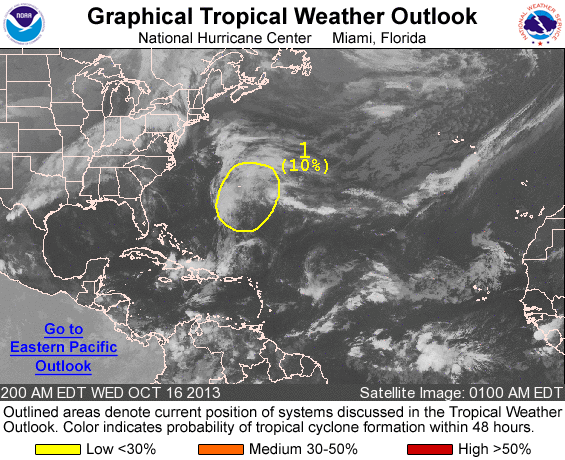
FOR THE NORTH ATLANTIC...CARIBBEAN SEA AND THE GULF OF MEXICO...

1. A LARGE AREA OF DISTURBED WEATHER THAT EXTENDS FROM THE SOUTHEASTERN BAHAMAS NORTHEASTWARD FOR SEVERAL HUNDRED MILES OVER THE WESTERN ATLANTIC OCEAN IS ASSOCIATED WITH AN UPPER-LEVEL TROUGH. AN AREA OF LOW PRESSURE IS EXPECTED TO FORM SOUTHEAST OF BERMUDA DURING THE NEXT DAY OR SO...AND MOVE NORTHWARD AND THEN NORTHEASTWARD NEAR OR ALONG A FRONTAL BOUNDARY OVER THE WEST-CENTRAL ATLANTIC. ENVIRONMENTAL CONDITIONS ARE EXPECTED TO BE ONLY MARGINALLY FAVORABLE FOR TROPICAL CYCLONE FORMATION. THIS SYSTEM HAS A LOW CHANCE...10 PERCENT...OF BECOMING A TROPICAL CYCLONE DURING THE NEXT 48 HOURS...AND A LOW CHANCE...10 PERCENT...OF BECOMING A TROPICAL CYCLONE DURING THE NEXT 5 DAYS.

FIVE-DAY FORMATION PROBABILITIES ARE EXPERIMENTAL IN 2013. COMMENTS ON THE EXPERIMENTAL FORECASTS CAN BE PROVIDED AT...

HTTP://WWW.NWS.NOAA.GOV/SURVEY/NWS-SURVEY.PHP?CODE=ETWO

FORECASTER STEWART